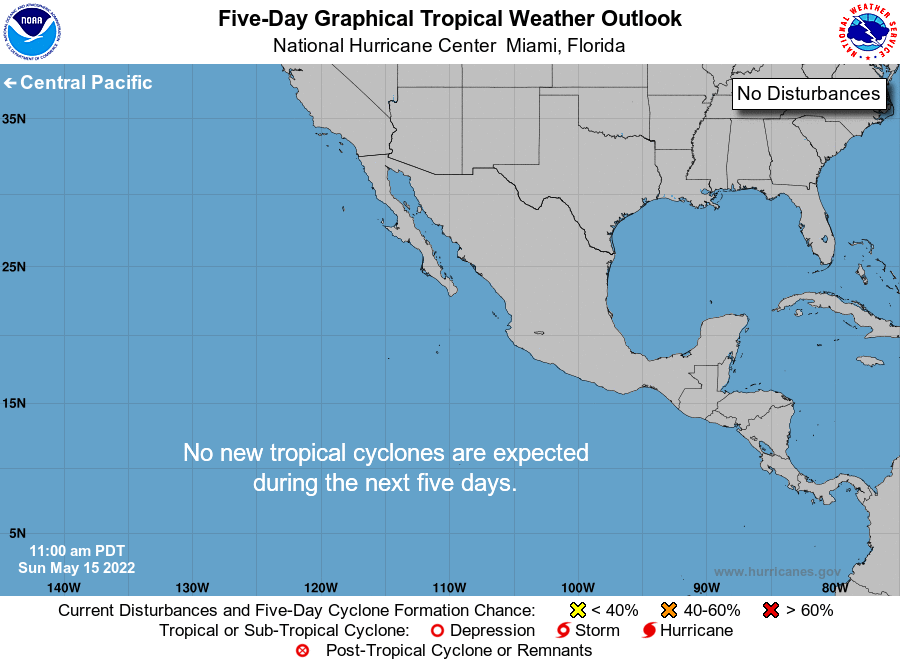
For the eastern North Pacific...east of 140 degrees west longitude:

Tropical cyclone formation is not expected during the next 5 days.

Today marks the first day of the eastern North Pacific hurricane season, which will run until November 30. Long-term averages for the number of named storms, hurricanes, and major hurricanes are 15, 8, and 4, respectively.

The list of names for 2022 is as follows:

Name Pronunciation Name Pronunciation ------------------------------------------------------------- Agatha A-guh-thuh Madeline MAD-eh-luhn Blas blahs Newton NOO-tuhn Celia SEEL-yuh Orlene or-LEEN Darby DAR-bee Paine payne Estelle eh-STELL Roslyn RAWZ-luhn Frank frank Seymour SEE-mor Georgette jor-JET Tina TEE-nuh Howard HOW-urd Virgil VUR-jill Ivette ee-VET Winfred WIN-ih-fred Javier hahv-YAIR Xavier ZAY-vee-ur Kay kay Yolanda yo-LAHN-da Lester LESS-tur Zeke zeek

This product, the Tropical Weather Outlook, briefly describes significant areas of disturbed weather and their potential for tropical cyclone formation during the next five days. The issuance times of this product are 5 AM, 11 AM, 5 PM, and 11 PM PDT. After the change to standard time in November, the issuance times are 4 AM, 10 AM, 4 PM, and 10 PM PST.

A Special Tropical Weather Outlook will be issued to provide updates, as necessary, in between the regularly scheduled issuances of the Tropical Weather Outlook. Special Tropical Weather Outlooks will be issued under the same WMO and AWIPS headers as the regular Tropical Weather Outlooks.

A standard package of products, consisting of the tropical cyclone public advisory, the forecast/advisory, the cyclone discussion, and a wind speed probability product, is issued every six hours for all ongoing tropical cyclones. In addition, a special advisory package may be issued at any time to advise of significant unexpected changes or to modify watches or warnings.

NHC has the option to issue advisories, watches, and warnings for disturbances that are not yet a tropical cyclone, but which pose the threat of bringing tropical storm or hurricane conditions to land areas within 48 hours. For these land-threatening "potential tropical cyclones", NHC will issue the full suite of advisory and watch/warning products. Potential tropical cyclones share the naming conventions currently in place for tropical depressions, being numbered from a single list (e.g., "One-E", "Two-E", "Three-E", etc.).

The Tropical Cyclone Update is a brief statement to inform of significant changes in a tropical cyclone, to post or cancel watches or warnings, or to provide hourly position updates between intermediate advisories when the storm center is easily followed by radar. The Tropical Cyclone Update is also used in lieu of or to precede the issuance of a special advisory package. Tropical Cyclone Updates, which can be issued at any time, can be found under WMO header WTPZ61-65 KNHC, and under AWIPS header MIATCUEP1-5.

All NHC text and graphical products are available on the web at https://www.hurricanes.gov. More information on NHC text products can be found at https://www.hurricanes.gov/aboutnhcprod.shtml, while more information about NHC graphical products can be found at https://www.hurricanes.gov/aboutnhcgraphics.shtml.

You can also interact with NHC on Facebook at https://www.facebook.com/NWSNHC. Notifications are available via Twitter when select NHC products are issued. Information about our east Pacific Twitter feed is available at https://www.hurricanes.gov/twitter.php.

Forecaster Cangialosi